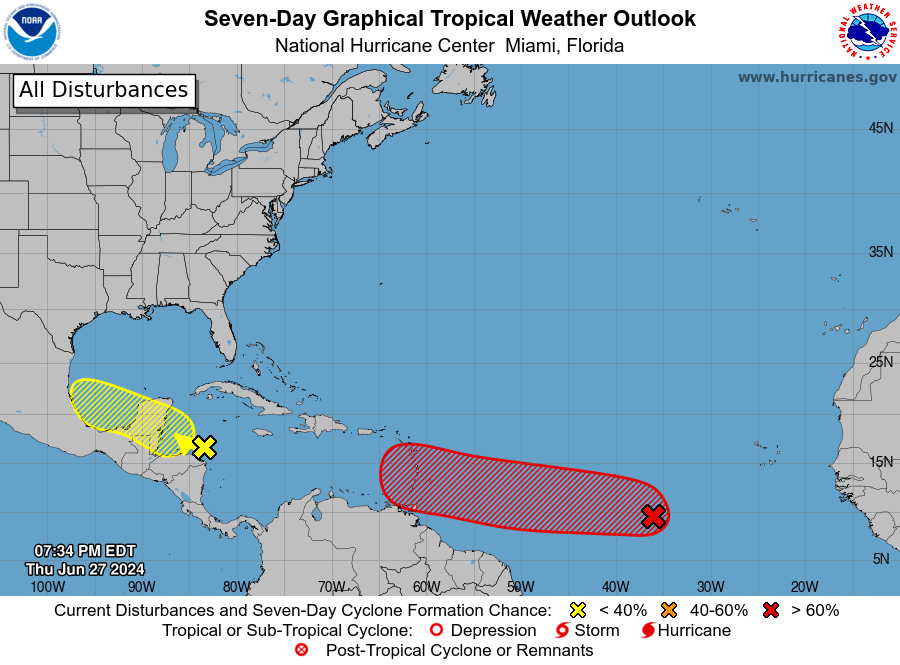
For the North Atlantic...Caribbean Sea and the Gulf of Mexico:

1. Western Caribbean/Southwestern Gulf of Mexico (AL94): A broad area of low pressure over the western Caribbean Sea is producing widespread but disorganized shower and thunderstorm activity while it moves west-northwestward at around 15 mph. Some development of this system is possible over the northwestern Caribbean Sea or over the southwestern Gulf of Mexico during the next few days.
* Formation chance through 48 hours...low...20 percent.
* Formation chance through 7 days...low...30 percent.

2. Eastern Tropical Atlantic (AL95): A tropical wave located several hundred miles west-southwest of the Cabo Verde Islands continues to produce showers and thunderstorms. This activity is beginning to show signs of organization, and environmental conditions are forecast to remain conducive. Thus, further development of this system is anticipated, and a tropical depression or tropical storm is likely to form over the next couple of days while the system moves westward at 15 to 20 mph towards the Windward Islands. Interests in the Lesser Antilles should monitor the progress of this system.
* Formation chance through 48 hours...high...70 percent.
* Formation chance through 7 days...high...90 percent.

Forecaster Kelly